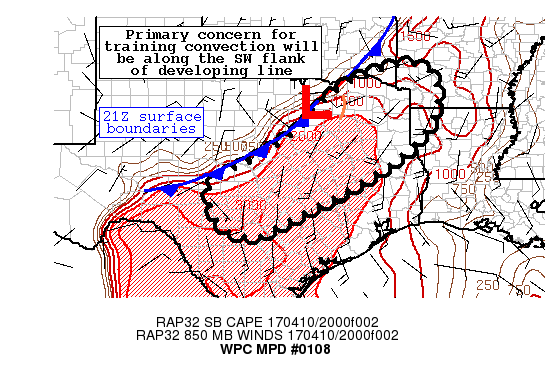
AREAS AFFECTED...CENTRAL TO NORTHERN TX...

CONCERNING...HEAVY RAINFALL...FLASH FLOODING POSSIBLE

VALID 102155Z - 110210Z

SUMMARY...INITIAL CONVECTION FIRING ALONG BAROCLINIC ZONE MAY
TRAIN/BACKBUILD DURING THE NEXT 3-4 HOURS...PARTICULARLY ALONG THE
SOUTHWESTERN EXTENT OF THE LINE. HOURLY RAINFALL RATES MAY
APPROACH 1.50 INCHES WITHIN THE MORE ROBUST THUNDERSTORMS.

DISCUSSION...THE 21Z SURFACE ANALYSIS INDICATED A SLOW-MOVING COLD
FRONT EXTENDING FROM FAR SOUTHEASTERN OK THROUGH THE DALLAS
METROPLEX AND SOUTH OF SAN ANGELO TX. ALONG AND AHEAD OF THIS
BAROCLINIC ZONE...UPDRAFTS CONTINUE TO GROW WITHIN A VERY
MOIST/UNSTABLE AIR MASS. CURRENT OBSERVATIONS INDICATE SURFACE DEW
POINTS HAVE REACHED 70 DEGREES WITHIN THIS BAND OF ENHANCED
BUOYANCY. THE 20Z RAP OBJECTIVE ANALYSIS DEPICTED SURFACE-BASED
CAPE VALUES IN THE 2000-3000 J/KG WITH ANY INHIBITION ALREADY
ERODED. ADDITIONALLY...A HEALTHY PLUME OF MOISTURE CONTINUES TO
ADVECT NORTHWARD FROM THE GULF OF MX WITH LOCAL PWAT VALUES
NEARING/EXCEEDING 1.25 INCHES. BASED ON THE SPC SOUNDING
CLIMATOLOGY PAGE...THIS IS ROUGHLY IN THE 90TH PERCENTILE FOR
MID-APRIL.

THE LATEST OBSERVATIONS FROM MESONET DATA SHOWS SOME FAIRLY HEFTY
RAINFALL AMOUNTS IN THE INITIAL CONVECTION. WHILE THE INITIAL
STORM MODE IS MORE SEVERE IN NATURE...THESE CELLS HAVE BEEN
PRODUCING RAINFALL TOTALS OVER 2 INCHES JUST OUTSIDE OF PLANO TX.
SUCH RATES SHOULD CONTINUE WITHIN ADDITIONAL DEVELOPMENT ALONG THE
SLOW-MOVING COLD FRONT. MANY OF THE CAMS SUGGEST A PERIOD OF
TRAINING BEING POSSIBLE AS STORMS FIRE ALONG MUCH OF THE EXTENT OF
THE BOUNDARY. LATER IN THE FORECAST...THERE IS A STRONG SIGNAL THE
STORMS WILL BECOME MORE OUTFLOW/COLD POOL DOMINANT AND SINK
SOUTHWARD TOWARD THE TX GULF COAST. BASED ON EVALUATION OF THE
RECENT CAMS AND THE EXPECTED EVOLUTION THIS EVENING...THERE IS A
CHANCE FOR TRAINING ALONG THE SOUTHWEST FLANK OF THIS LINE WHERE
STRONGER INSTABILITY AND INFLOW ARE LIKELY TO BE COLLOCATED. AS
FLASH FLOOD GUIDANCE VALUES ARE ON THE HIGHER END OF THE
SPECTRUM...WIDESPREAD HYDROLOGIC ISSUES ARE NOT EXPECTED.